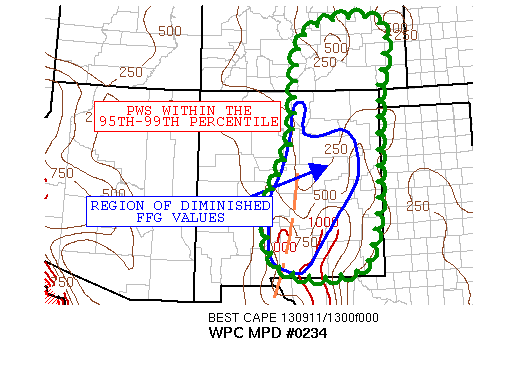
AREAS AFFECTED...EASTERN NM/SOUTHEASTERN CO...

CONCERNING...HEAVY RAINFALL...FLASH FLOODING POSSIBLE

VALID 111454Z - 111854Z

SUMMARY...MUCH OF THE SOUTHERN ROCKIES WILL REMAIN ENTRENCHED
WITHIN HIGHLY ANOMALOUS MOISTURE CONTENT TODAY. CONVECTIVE
ELEMENTS HAVE ALREADY SHOWN EVIDENCE OF TRAINING WITH FURTHER
EPISODES TO BE EXPECTED.

DISCUSSION...THE CURRENT PWATS ACROSS THE REGION RANGE FROM AROUND
1.25 TO 1.50 INCHES WHICH RANKS WITHIN THE 95TH TO 99TH PERCENTILE
FOR EARLY/MID SEPTEMBER. THE PATTERN ALOFT WILL REMAIN FAVORABLE
AS THE SOUTHERN ROCKIES SIT ALONG A STRONG MID/UPPER LEVEL
MOISTURE GRADIENT PER WATER VAPOR IMAGERY. THIS SHOWED NUMEROUS
SHORTWAVES CROSSING INTO SOUTHERN NEW MEXICO RESULTING IN SEVERAL
AREAS OF ENHANCED CU/CB DEVELOPMENT. THE INTENSITY OF THE
DOWNSTREAM CONVECTION HAS REMAINED NEARLY STEADY STATE AS CLOUD
TOPS HAVE SHOWN NEUTRAL TEMPERATURE CHANGES. THE LOCAL RADAR FROM
CANNON AIR FORCE BASE DEPICTED REGIONS OF TRAINING CONVECTION
NORTH AND SOUTH OF I-40 IN EASTERN NEW MEXICO. EXPECT SUCH
EPISODES TO CONTINUE WITH LOCAL AREAS OF HEAVY RAINFALL AND
POSSIBLE FLASH FLOODING. PARAMETERS FAVORABLE FOR ADDITIONAL
DEVELOPMENT REMAIN IN PLACE WITH INCREASING SURFACE-BASED CAPES
WITH LITTLE TO NO INHIBITION. ADDITIONALLY....THE LOW-LEVEL WIND
PROFILES SUGGEST SOUTHEASTERLY FLOW THEREBY PROMOTING UPSLOPE
FLOW. THUS FAR...IT APPEARS RAINFALL RATES HAVE GENERALLY RANGED
FROM 0.50 TO 1 INCH AN HOUR PER QPE AND LOCAL OBSERVATIONS.
HIGH-RES MODELS EXPECT SUCH ACTIVITY TO CONTINUE WITH A GENERAL
INCREASE IN INTENSITY AS THE DIURNAL HEATING COMMENCES INTO THE
AFTERNOON HOURS. FLASH FLOODING EPISODES WILL REMAIN POSSIBLE IN
ISOLATED AREAS WHERE TRAINING/MERGING CONVECTION TAKES PLACE.